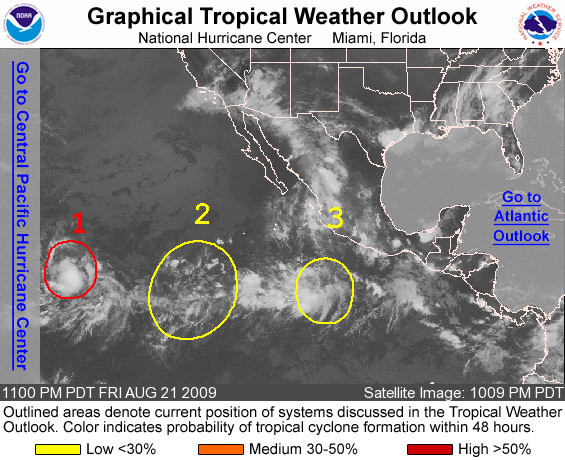
FOR THE EASTERN NORTH PACIFIC...EAST OF 140 DEGREES WEST LONGITUDE..

1. AN AREA OF LOW PRESSURE CENTERED ABOUT 1350 MILES EAST-SOUTHEAST OF THE HAWAIIAN ISLANDS IS MOVING WESTWARD AT ABOUT 10 MPH. THIS SYSTEM HAS BECOME BETTER-ORGANIZED THIS EVENING AND A TROPICAL DEPRESSION APPEARS TO BE FORMING. IF THIS TREND CONTINUES...ADVISORIES WILL BE INITIATED TONIGHT. THERE IS A HIGH CHANCE...GREATER THAN 50 PERCENT...OF THIS SYSTEM BECOMING A TROPICAL CYCLONE DURING THE NEXT 48 HOURS.

2. A BROAD AREA OF LOW PRESSURE CENTERED ABOUT 1070 MILES SOUTHWEST OF THE SOUTHERN TIP OF BAJA CALIFORNIA HAS CHANGED LITTLE IN ORGANIZATION. DEVELOPMENT...IF ANY...OF THIS SYSTEM IS EXPECTED TO BE SLOW TO OCCUR AS IT MOVES SLOWLY WESTWARD. THERE IS A LOW CHANCE...LESS THAN 30 PERCENT...OF THIS SYSTEM BECOMING A TROPICAL CYCLONE DURING THE NEXT 48 HOURS.

3. A LARGE AREA OF DISORGANIZED SHOWERS AND THUNDERSTORMS ASSOCIATED WITH A TROPICAL WAVE IS LOCATED ABOUT 560 MILES SOUTH-SOUTHWEST OF MANZANILLO MEXICO. SOME SLOW DEVELOPMENT OF THIS SYSTEM IS POSSIBLE DURING THE NEXT COUPLE DAYS AS IT MOVES TOWARD THE WEST-NORTHWEST AT 10 TO 15 MPH. THERE IS A LOW CHANCE...LESS THAN 30 PERCENT...OF THIS SYSTEM BECOMING A TROPICAL CYCLONE DURING THE NEXT 48 HOURS.

ELSEWHERE...TROPICAL CYCLONE FORMATION IS NOT EXPECTED DURING THE NEXT 48 HOURS.

FORECASTER ROBERTS/BEVEN